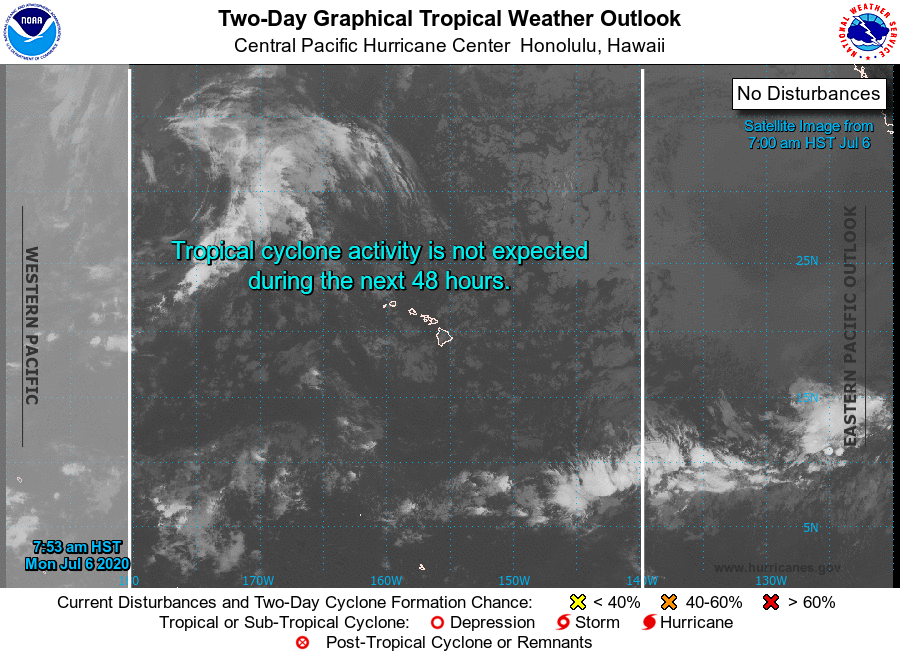
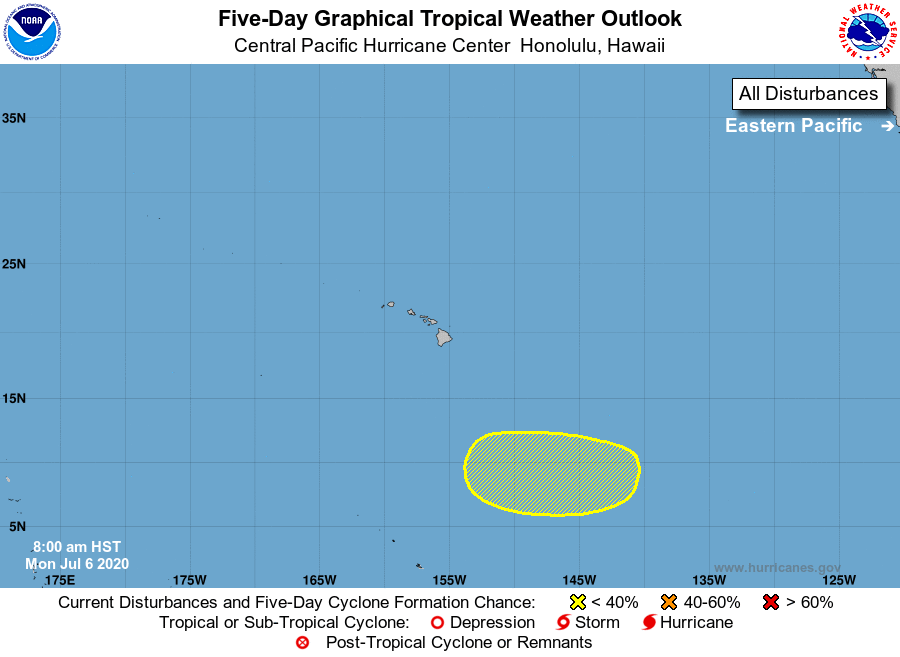
For the central North Pacific...between 140W and 180W:

1. A weak area of low pressure is located far southeast of the Big Island of Hawaii. Some development is possible later in the week as it moves westward.
* Formation chance through 48 hours...low...near 0 percent.
* Formation chance through 5 days...low...10 percent.

Elsewhere, no tropical cyclones are expected during the next 5 days.

Forecaster TS